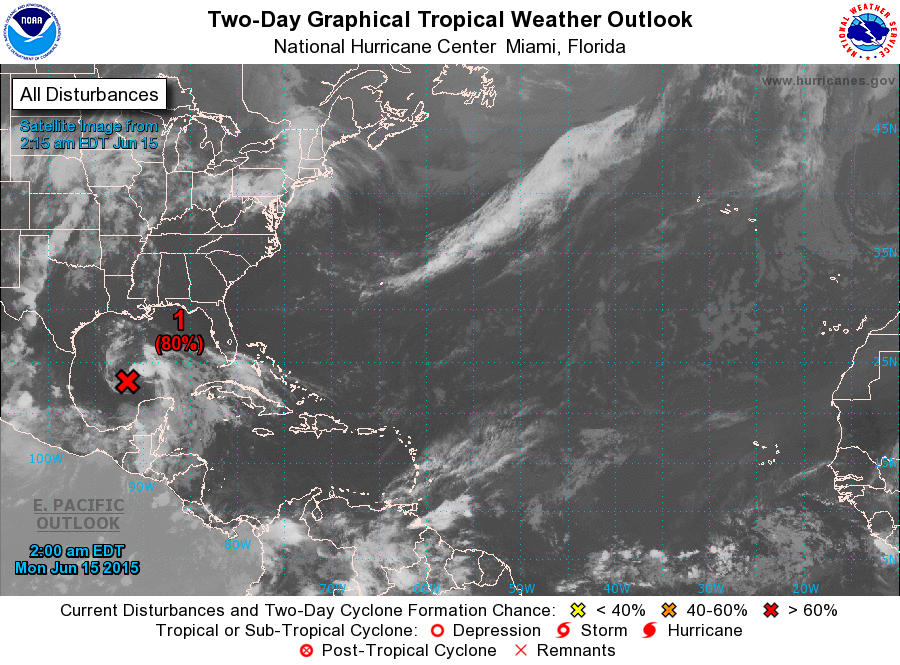
For the North Atlantic...Caribbean Sea and the Gulf of Mexico:

1. Surface observations and satellite data indicate that the broad area of low pressure over the south-central Gulf of Mexico has changed little over the past several hours. The system's circulation is not well-defined, and the associated shower and thunderstorm activity remains disorganized. The low continues to produce tropical storm force winds well to the east and northeast of the center. Upper-level winds are forecast to gradually become more favorable while this system moves northwestward during the next day or two across the western Gulf of Mexico, and a tropical depression or tropical storm could form during that time. A Hurricane Hunter aircraft is scheduled to investigate the system later this morning.

Interests in and along the northwestern Gulf of Mexico should monitor the progress of this system. Regardless of tropical cyclone formation, tropical storm conditions are possible along portions of the middle and upper Texas coast and the western Louisiana coast Monday night and Tuesday. There is also a risk of heavy rainfall and possible flooding across portions of eastern Texas and western Louisiana. For additional information, please see High Seas Forecasts and products issued by your local National Weather Service forecast office.
* Formation chance through 48 hours...high...80 percent
* Formation chance through 5 days...high...80 percent

High Seas Forecasts can be found under AWIPS header NFDHSFAT1 and WMO header FZNT01 KWBC.

Forecaster Pasch